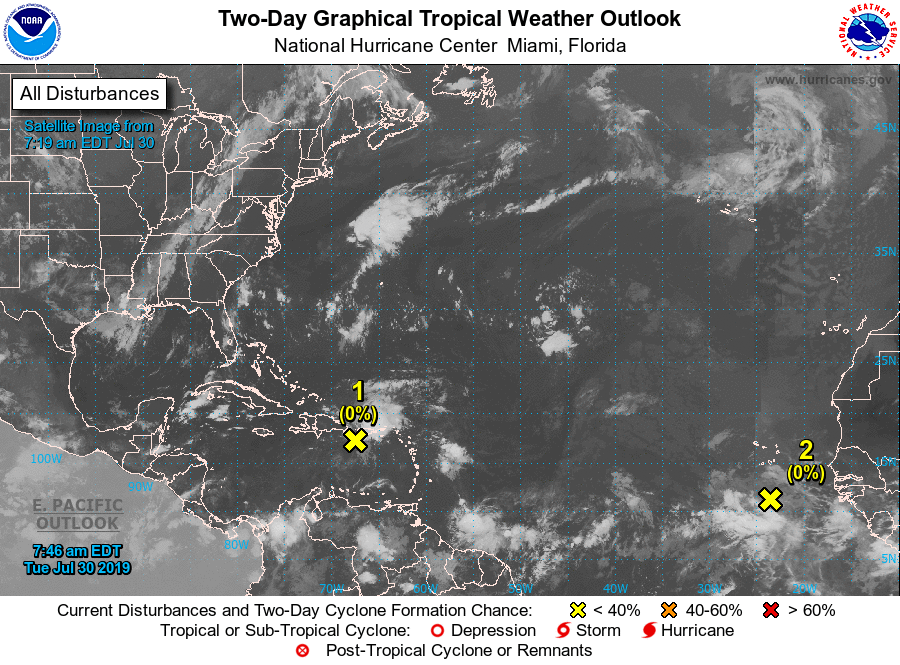
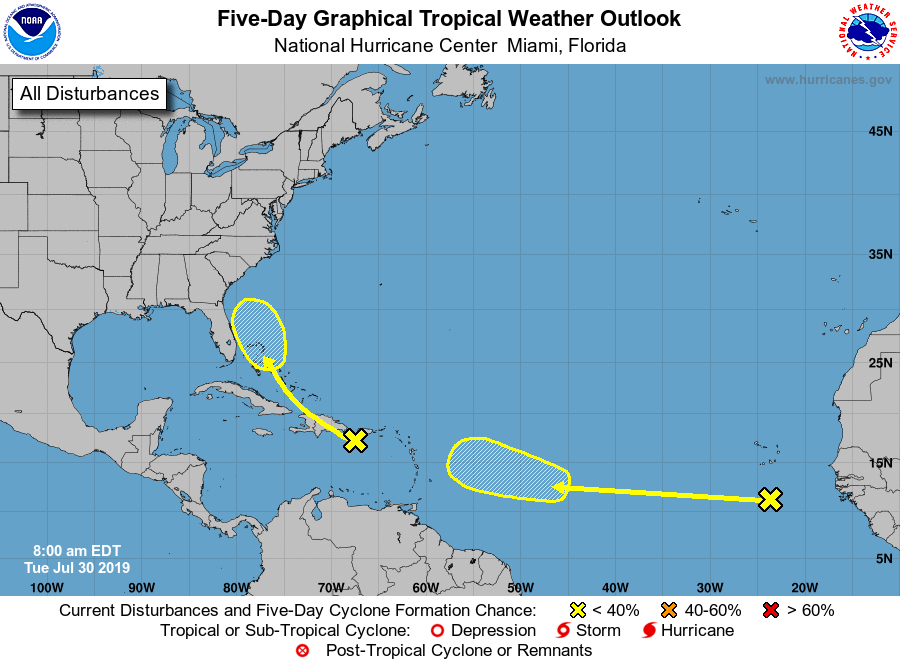
For the North Atlantic...Caribbean Sea and the Gulf of Mexico:

1. A tropical wave located over the northeastern Caribbean Sea is producing disorganized showers and thunderstorms. This system is expected to move west-northwestward with no significant development during the next few days, producing locally heavy rainfall over Puerto Rico and the Virgin Islands, Hispaniola, and portions of the southeastern Bahamas. Conditions could become marginally conducive for development by the weekend when the disturbance moves near Florida and northwestern Bahamas.
* Formation chance through 48 hours...low...near 0 percent.
* Formation chance through 5 days...low...10 percent.

2. A tropical wave accompanied by a broad low pressure system continues to produce a large area of cloudiness and disorganized shower activity over the far eastern tropical Atlantic, a few hundred miles south of the Cabo Verde Islands. No significant development of this system is expected for the next few days while the it moves westward at 15 to 20 mph. Upper-level winds could become more conducive for development by the weekend while the wave continues westward across the central Atlantic.
* Formation chance through 48 hours...low...near 0 percent.
* Formation chance through 5 days...low...20 percent.

Forecaster Zelinsky